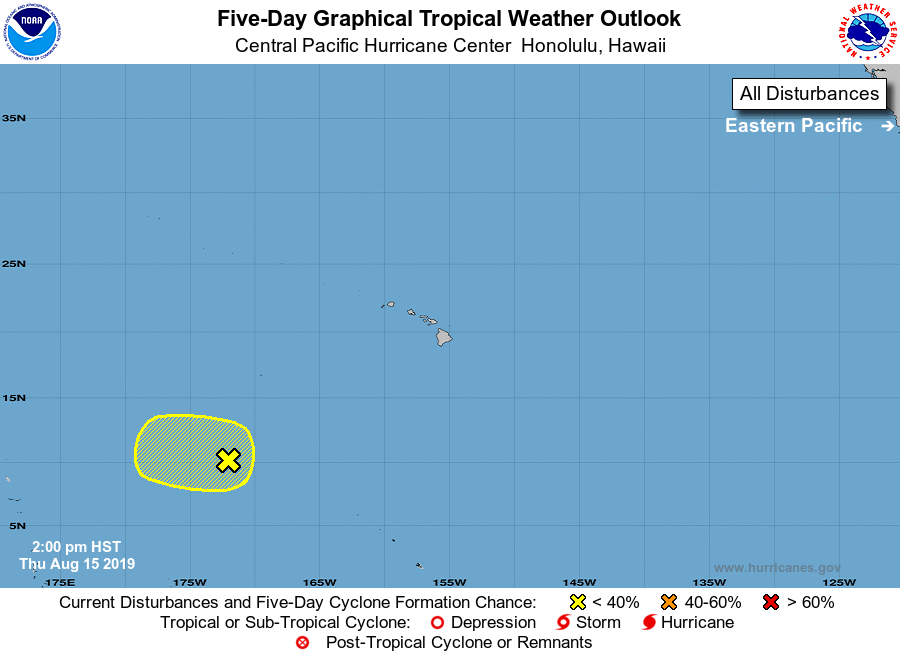
For the central North Pacific...between 140W and 180W:

1. Showers and thunderstorms remain disorganized along a trough of low pressure located some 1300 miles southwest of Oahu. Some development of the system is possible as it moves west-northwestward at around 10 mph.
* Formation chance through 48 hours...low...near 0 percent.
* Formation chance through 5 days...low...10 percent.

Elsewhere, no tropical cyclones are expected during the next 5 days.

Forecaster Burke